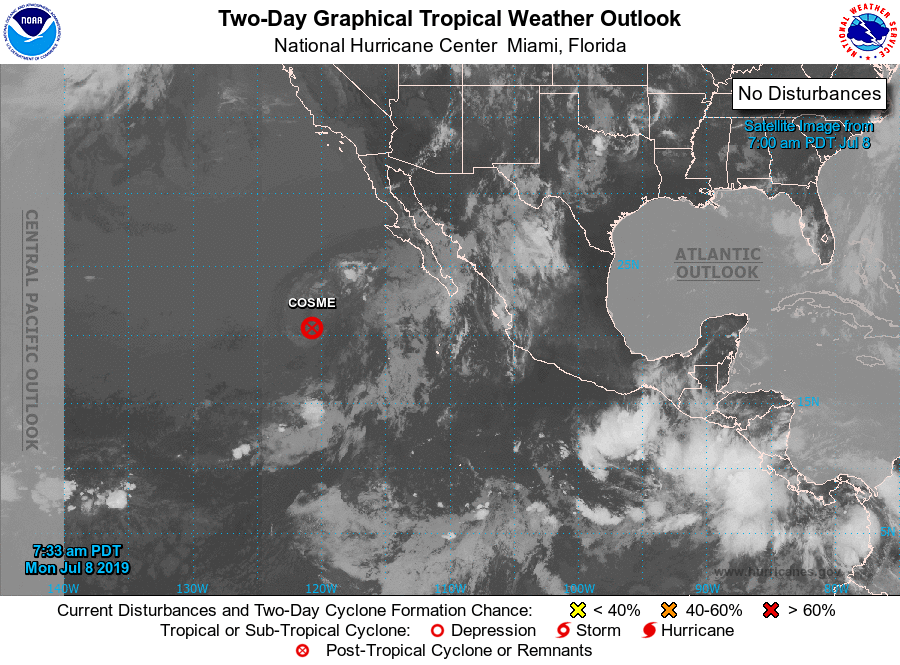
For the eastern North Pacific...east of 140 degrees west longitude:

The National Hurricane Center is issuing advisories on Tropical Depression Cosme, located several hundred miles west-southwest of the southern tip of the Baja California peninsula.

1. An area of low pressure could develop several hundred miles south of the coast of southern Mexico in a few days. Some slow development of this system is possible late this week while the disturbance moves westward to west-northwestward.
* Formation chance through 48 hours...low...near 0 percent.
* Formation chance through 5 days...low...20 percent.

Forecaster Roberts